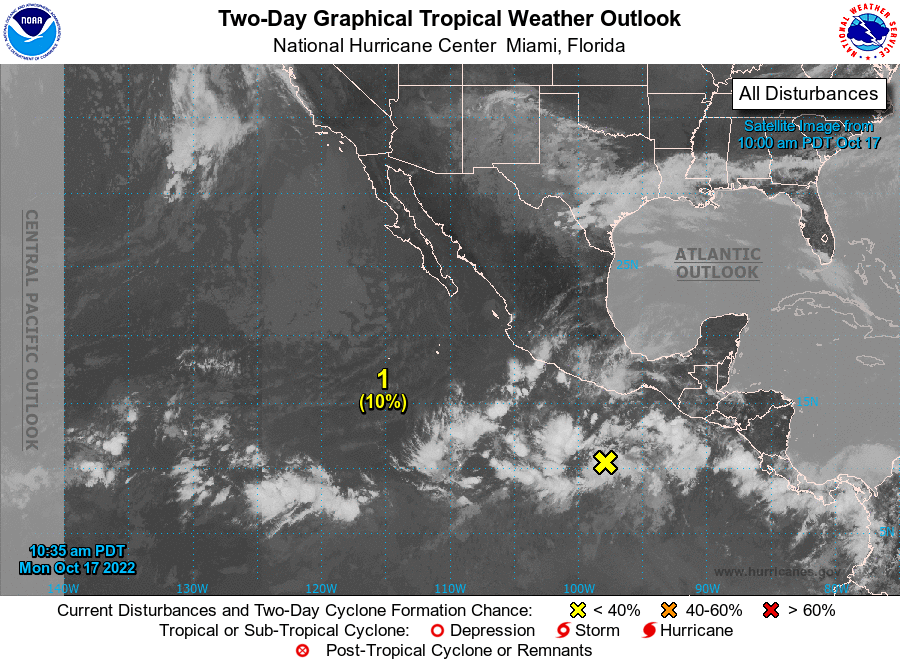
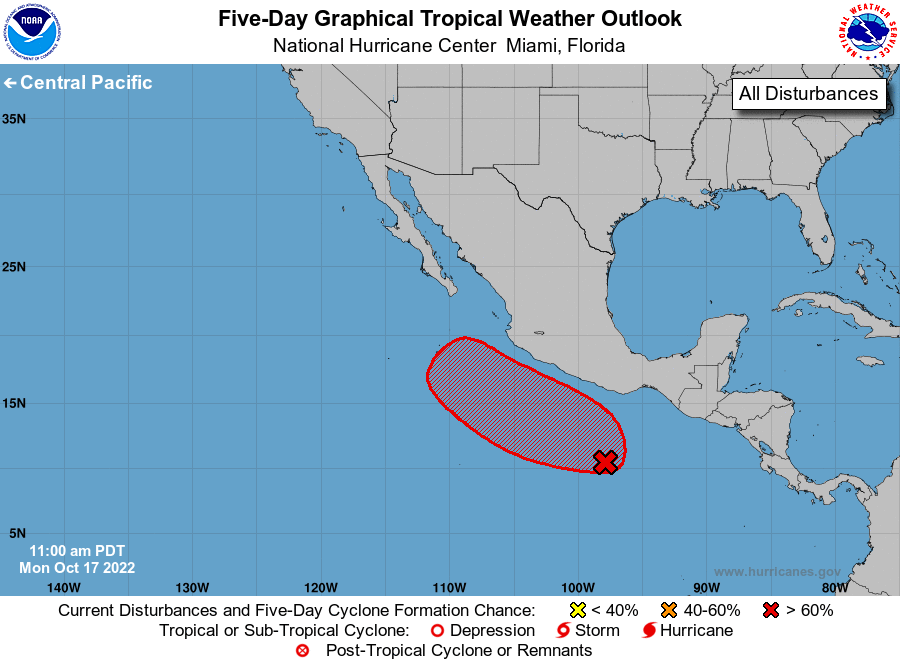
For the eastern North Pacific...east of 140 degrees west longitude:

1. Offshore of Southern Mexico: An area of low pressure is expected to form in a day or two a few hundred miles south of the southern coast of Mexico. Environmental conditions are forecast to be conducive for additional development, and a tropical depression is likely to form late in the week while the system moves westward to west-northwestward at 10-15 mph.
* Formation chance through 48 hours...low...10 percent.
* Formation chance through 5 days...high...70 percent.

Forecaster Beven